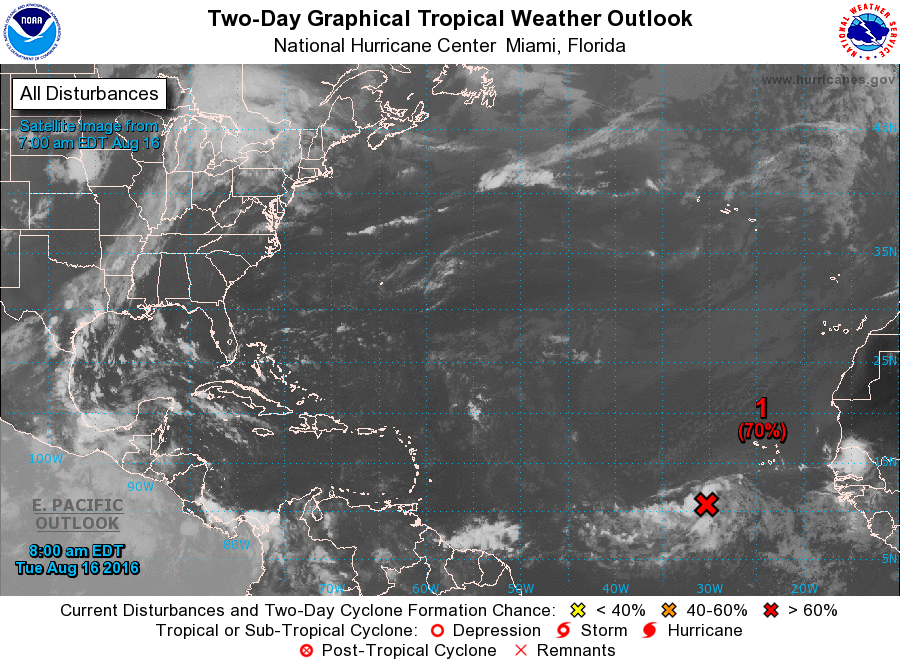
For the North Atlantic...Caribbean Sea and the Gulf of Mexico:

1. Satellite images indicate that the large area of cloudiness and thunderstorms associated with a tropical wave centered about 500 miles west-southwest of the Cabo Verde Islands is gradually becoming better organized. Conditions appear to be favorable for a tropical depression to form during the next couple of days while the system moves toward the west-northwest and then northwest toward the open waters of the central Atlantic.
* Formation chance through 48 hours...high...70 percent
* Formation chance through 5 days...high...80 percent

Forecaster Avila